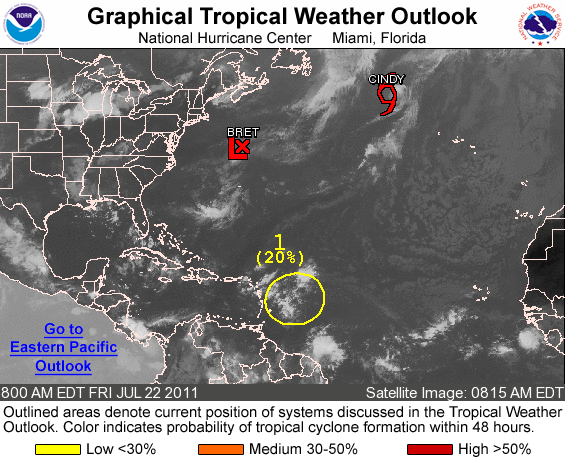
FOR THE NORTH ATLANTIC...CARIBBEAN SEA AND THE GULF OF MEXICO...

THE NATIONAL HURRICANE CENTER IS ISSUING ADVISORIES ON TROPICAL STORM CINDY...LOCATED ABOUT 805 MILES NORTHWEST OF THE AZORES. ADVISORIES ARE ALSO BEING ISSUED ON TROPICAL DEPRESSION BRET...LOCATED ABOUT 320 MILES NORTH-NORTHWEST OF BERMUDA.

1. A TROPICAL WAVE LOCATED ABOUT 425 MILES EAST OF THE WINDWARD ISLANDS IS PRODUCING SCATTERED SHOWERS AND A FEW THUNDERSTORMS. SLOW DEVELOPMENT OF THIS SYSTEM IS POSSIBLE DURING THE NEXT COUPLE OF DAYS AS IT MOVES WESTWARD TO WEST-NORTHWESTWARD AT 15 TO 20 MPH. THERE IS A LOW CHANCE...20 PERCENT...OF THIS SYSTEM BECOMING A TROPICAL CYCLONE DURING THE NEXT 48 HOURS. REGARDLESS OF DEVELOPMENT...BRIEF PERIODS OF LOCALLY HEAVY RAINFALL AND GUSTY WINDS COULD SPREAD ACROSS PORTIONS OF THE LESSER ANTILLES THIS AFTERNOON AND TONIGHT.

ELSEWHERE...TROPICAL CYCLONE FORMATION IS NOT EXPECTED DURING THE NEXT 48 HOURS.

FORECASTER BEVEN